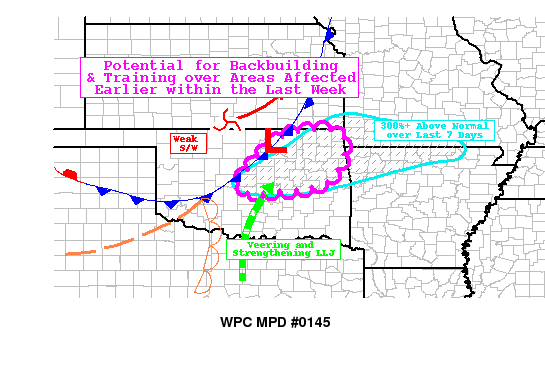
AREAS AFFECTED...CENTRAL & NORTHEAST OK

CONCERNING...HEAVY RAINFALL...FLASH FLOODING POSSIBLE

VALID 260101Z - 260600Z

SUMMARY...BACKBUILDING AND TRAINING CONVECTION OVER AREAS
SATURATED SOILS FROM EARLIER THIS WEEK MAY POSE FLASH FLOODING
CONCERNS.

DISCUSSION... GOES-16 VIS/IR DENOTE RAPIDLY DEVELOPING CONVECTION
ALONG THE COLD FRONT ACROSS/JUST EAST OF  I-35 CORRIDOR.  00Z OUN
SOUNDING INDICATES STRONG INSTABILITY TO DRIVE THESE STORMS THE
PROFILE IS ALSO QUITE DRY AS THE ELEVATED MIX LAYER NOSED IN
ACROSS SW OK...SO INITIAL SETUP IS CLEARLY SEVERE MODE...PLEASE
SEE MCD 554 FROM SPC FOR ADDITIONAL DETAILS.

ALSO VWP DENOTES DEEP UNIDIRECTIONAL SHEAR THOUGH THE PROFILE
SUPPORTING STEERING LAYER FLOW TO BE QUITE STRONG TOWARD THE
NORTHEAST...YET IN THE SHORT-TERM BEFORE COLD POOL GENERATES AND
PROPAGATION OF THE LINE SHIFTS EAST...THERE IS A NARROW WINDOW
WHERE THESE CELL MOTIONS ARE PARALLEL TO THE FORCING BOUNDARY
WHICH COULD LEAD TO REPEAT TRACKS OF MODEST RAIN RATES
ACCOMPANYING HAIL...THIS IS OF PARTICULAR CONCERN OVER THE OKC
METRO GIVEN IMPERVIOUS GROUND FOR SOME URBANIZE FF CONCERNS.

AT THE SFC...A WEAK SURFACE WAVE OVER OSAGE COUNTY IS NOTED IN 00Z
OBS WILL BE SUPPORTED TO DEVELOP AND TRACK NORTHEAST UNDER STRONG
DPVA FROM APPROACHING SHORTWAVE SEEN IN GOES-WV TO THE WEST.  AS
THIS WAVE LIFTS NORTHEAST...THIS ALONG WITH COLD POOL GENERATION
HAS THE POTENTIAL OF LAYING OUT A MORE E-W ORIENTED OUTFLOW ACROSS
NORTHEAST OR EAST CENTRAL OK...ALLOWING FOR STRENGTHENING SLY
BACKING TO SWLY LOW LEVEL FLOW/MST FLUX UP TO 45KT TOWARD EARLY
NIGHT-TIME HOURS SUPPORTING BACKBUILDING ALONG THE OUTFLOW WHILE
ALSO SUPPORTING A FAVORABLE TRAINING ENVIRONMENT.  WHILE TOTAL
AVAILABLE MOISTURE IS LIMITED TO THE BOUNDARY LAYER (+65F SFC TDS)
WITH TPW AOA 1.0-1.2"...THE TRAINING OF RATES UP TO 1.25-1.5" OVER
SATURATED SOILS FROM EARLIER THIS WEEK ACROSS NE OK TO SW MO/NW
AR...WITH 300%+ ABOVE NORMAL PRECIP POSES A SUFFICIENT THREAT FOR
FLASH FLOODING.  THIS IS SUPPORTED BY GLOBAL GUIDANCE AND LAST 4
RUNS OF THE HRRR...PROVIDING ENOUGH CONFIDENCE FOR WPC TO UPGRADE
TO A SLIGHT RISK OF EXCESSIVE RAINFALL.